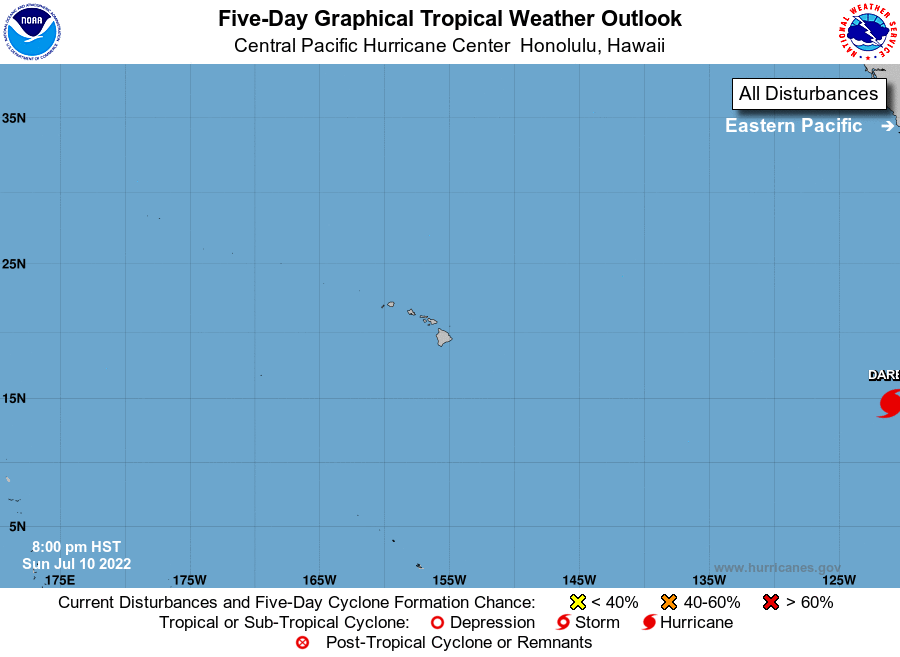
For the central North Pacific...between 140W and 180W:

The National Hurricane Center in Miami, Florida is issuing advisories on Hurricane Darby centered about 2300 miles east-southeast of Hilo, Hawaii. Hurricane Darby is expected to move into the Central Pacific Hurricane Center area of responsibility Thursday.

Elsewhere, no tropical cyclones are expected during the next 5 days.

Forecaster Gibbs